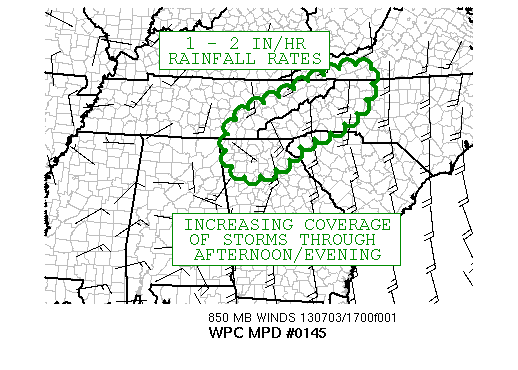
AREAS AFFECTED...NRN GA INTO THE SRN APPALACHIANS

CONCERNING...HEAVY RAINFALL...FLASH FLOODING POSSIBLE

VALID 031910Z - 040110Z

SUMMARY...FLASH FLOODING WILL BE POSSIBLE AS SCATTERED CONVECTION
INCREASES IN COVERAGE WITH CONTINUED DAYTIME HEATING WITHIN A
STAGNANT FLOW PATTERN.

DISCUSSION...SHOWERS/T'STORMS CONTINUE TO INCREASE IN COVERAGE AS
SEEN ON LOCAL RADAR IMAGERY ACROSS GA...SC AND PARTS OF THE SRN
APPALACHIANS. 3 HR RAINFALL RATES OF 2 - 4 INCHES PER MESONET
OBSERVATIONS ACROSS PARTS OF THE COHUTTA NATIONAL FOREST IN NRN GA
HAVE BEEN SEEN AS OF 18Z. THESE STORMS ARE OCCURRING WITHIN DEEP
MOISTURE CHARACTERIZED BY PWATS NEAR 2 INCHES AS SEEN ON BLENDED
TPW IMAGERY AND INCREASED SLY LOW LEVEL WINDS CAUGHT BETWEEN BROAD
SCALE UPPER TROUGHING OVER THE CNTRL U.S. AND A LARGE SCALE RIDGE
SLOWLY RETROGRADING ACROSS THE WRN ATLANTIC.

BREAKS IN CLOUD COVER HAS ALLOWED INSTABILITY TO INCREASE TO
BETWEEN 500 - 1500 J/KG PER 18Z SPC MESOANALYSIS ACROSS ERN GA AND
THE WRN CAROLINAS. WITH LITTLE DRY AIR IN THE LOW LEVELS PER
MORNING RAOBS...EXPECT THE TALL SKINNY CAPE PROFILES AND DEEP
MOISTURE TO PERSIST THROUGH THE AFTERNOON/EVENING WITH A CONTINUED
FLOW OF 20 - 30 KTS AT 850 MB PROMOTING TRAINING OF CELLS. FLASH
FLOOD GUIDANCE VALUES OF 1-3 IN/3HR ARE SPECKLED ACROSS THE THREAT
AREA AND ARE EXPECTED TO BE EXCEEDED ON A REGIONAL BASIS. WITH
LITTLE IN THE WAY OF ORGANIZED FORCING ALOFT...THE EXPECTATION IS
THAT STORMS SHOULD BEGIN TO DIMINISH INTO THE OVERNIGHT HOURS
ACROSS THE THREAT AREA.